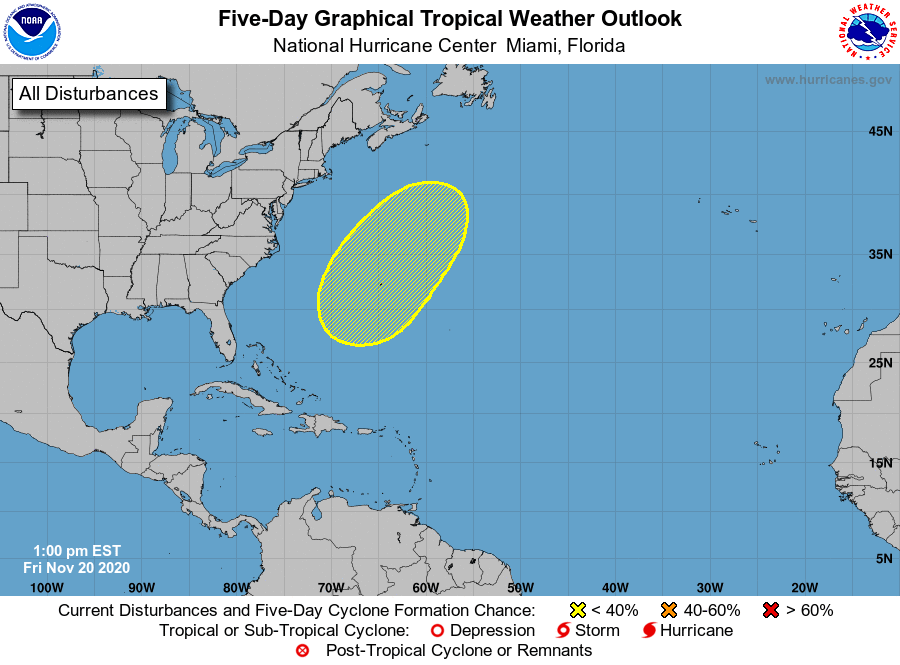
For the North Atlantic...Caribbean Sea and the Gulf of Mexico:

1. A non-tropical area of low pressure could form over the western Atlantic early next week. This system would only have a short period of time to develop subtropical characteristics before it moves northeastward and merges with a cold front by the middle of the week.
* Formation chance through 48 hours...low...near 0 percent.
* Formation chance through 5 days...low...10 percent.

Forecaster Berg/Papin